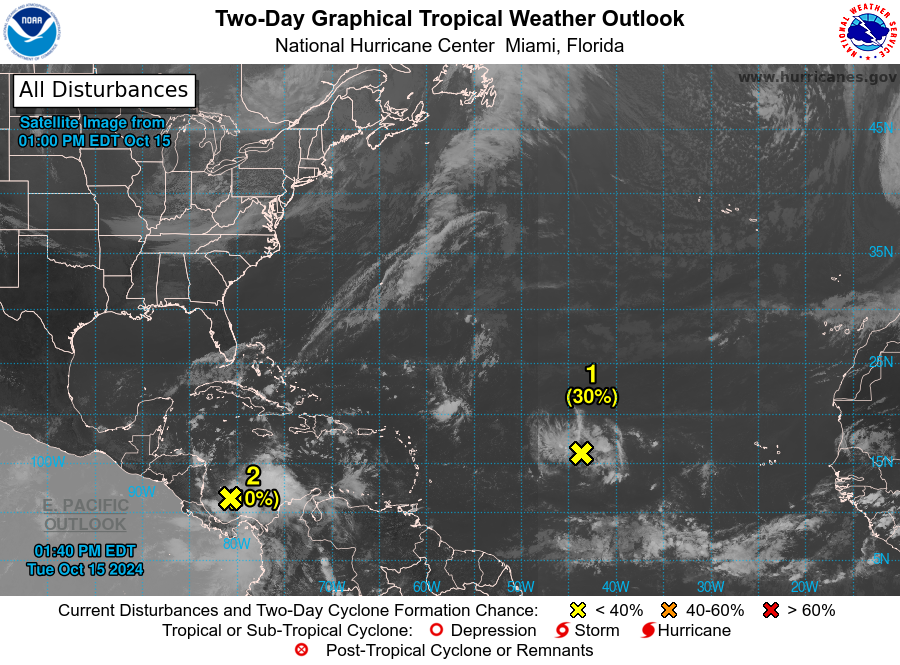
For the North Atlantic...Caribbean Sea and the Gulf of Mexico:

1. Central Tropical Atlantic (AL94): An area of low pressure located over the central tropical Atlantic is producing disorganized showers and thunderstorms. This system is forecast to move generally westward, and environmental conditions appear marginally conducive for gradual development by the middle to latter part of this week. A tropical depression could form as the system begins moving west-northwestward and approaches or moves near the Leeward Islands late this week.
* Formation chance through 48 hours...low...30 percent.
* Formation chance through 7 days...medium...50 percent.

2. Western Caribbean Sea: Showers and thunderstorms in the southwestern Caribbean Sea are associated with a broad area of low pressure. Some gradual development is possible if the system stays over water while it moves slowly northwestward towards Central America. Regardless of development, locally heavy rainfall is possible across portions of Central America later this week.
* Formation chance through 48 hours...low...10 percent.
* Formation chance through 7 days...low...20 percent.

Forecaster Bucci